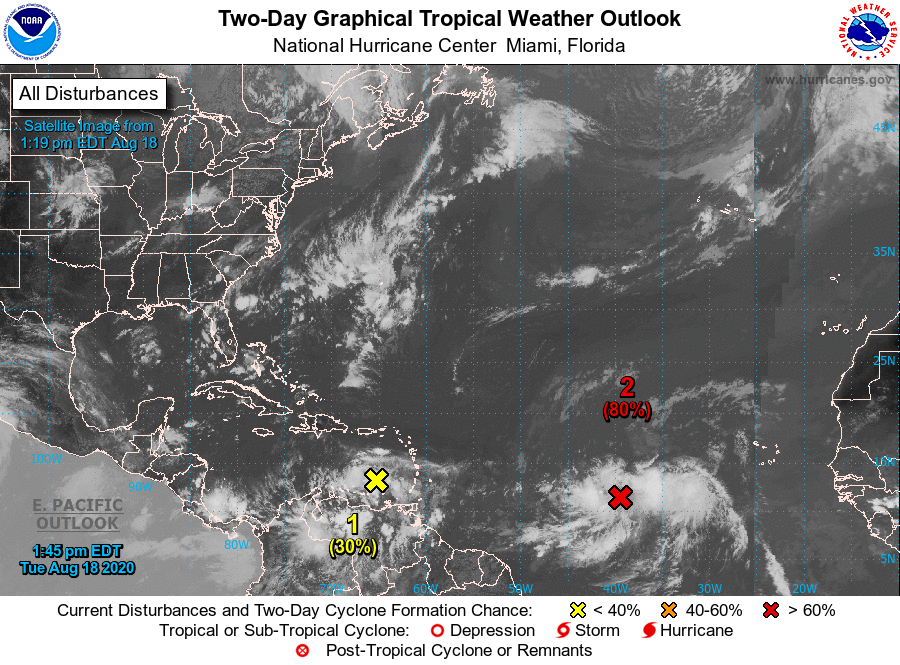
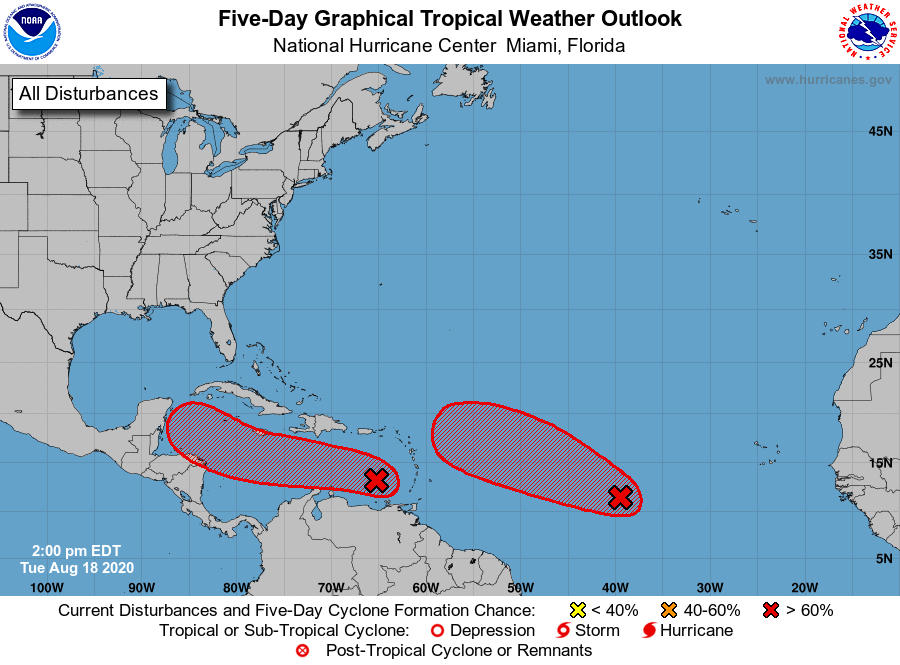
For the North Atlantic...Caribbean Sea and the Gulf of Mexico:

1. A tropical wave over the eastern Caribbean Sea continues to produce an area of disorganized thunderstorms and gusty winds. This wave is moving quickly westward at about 20 mph and significant development is unlikely while it moves across the eastern and central Caribbean Sea during the next day or two. After that time, however, the wave is forecast to slow down, and a tropical depression will likely form late this week or this weekend when it reaches the northwestern Caribbean Sea.
* Formation chance through 48 hours...low...30 percent.
* Formation chance through 5 days...high...70 percent.

2. An area of low pressure located about 1300 miles east of the Lesser Antilles is producing a concentrated area of showers and thunderstorms. Environmental conditions are conducive for development, and a tropical depression is expected to form within the next couple of days while the system moves west-northwestward at 15 to 20 mph across the central and western portions of the tropical Atlantic. Interests in the Lesser Antilles should monitor the progres of this system.
* Formation chance through 48 hours...high...80 percent.
* Formation chance through 5 days...high...90 percent.

Forecaster Cangialosi